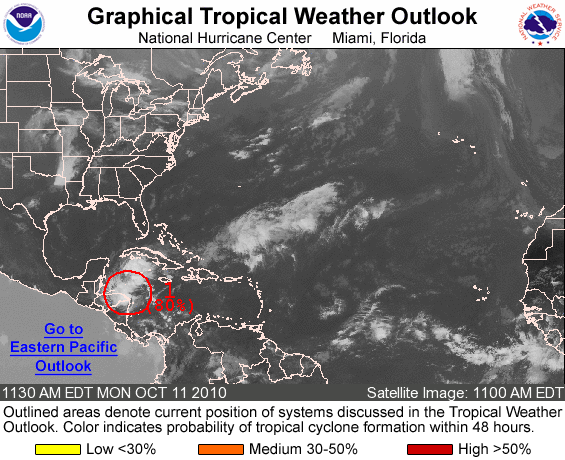
FOR THE NORTH ATLANTIC...CARIBBEAN SEA AND THE GULF OF MEXICO...

SPECIAL OUTLOOK ISSUED TO UPDATE DISCUSSION OF LOW OFF THE COAST OF NICARAGUA AND HONDURAS.

1. SATELLITE IMAGERY AND SURFACE OBSERVATIONS INDICATE THAT THE AREA OF LOW PRESSURE LOCATED JUST OFF THE COAST NEAR THE BORDER OF NICARAGUA AND HONDURAS HAS BECOME BETTER DEFINED THIS MORNING. AN AIR FORCE RESERVE HURRICANE HUNTER AIRCRAFT IS EN ROUTE TO INVESTIGATE THE SYSTEM TO DETERMINE IF A TROPICAL DEPRESSION HAS FORMED. THERE IS A HIGH CHANCE...80 PERCENT...OF THIS SYSTEM BECOMING A TROPICAL CYCLONE DURING THE NEXT 48 HOURS AS IT MOVES WEST-NORTHWESTWARD TO NORTHWESTWARD AT AROUND 10 MPH. IF A TROPICAL CYCLONE FORMS...TROPICAL STORM WATCHES AND/OR WARNINGS WOULD BE REQUIRED FOR PORTIONS OF THE COAST OF HONDURAS...BELIZE...AND THE YUCATAN PENINSULA OF MEXICO. REGARDLESS OF DEVELOPMENT...HEAVY RAINFALL IS POSSIBLE OVER PORTIONS OF NICARAGUA...HONDURAS...THE CAYMAN ISLANDS...BELIZE...AND THE YUCATAN PENINSULA DURING THE NEXT COUPLE OF DAYS.

ELSEWHERE...TROPICAL CYCLONE FORMATION IS NOT EXPECTED DURING THE NEXT 48 HOURS.

FORECASTER BRENNAN